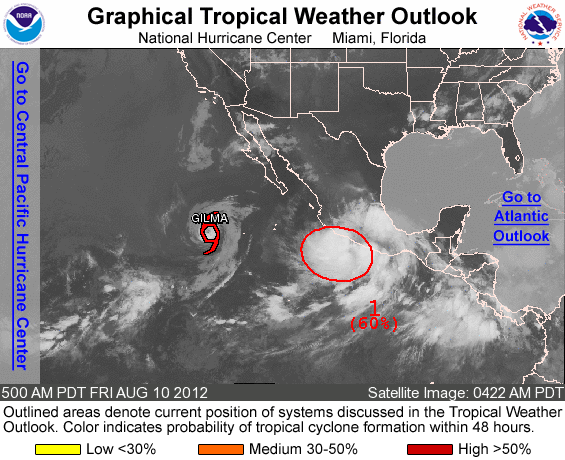
FOR THE EASTERN NORTH PACIFIC...EAST OF 140 DEGREES WEST LONGITUDE..

THE NATIONAL HURRICANE CENTER IS ISSUING ADVISORIES ON TROPICAL STORM GILMA...LOCATED ABOUT 665 MILES WEST-SOUTHWEST OF THE SOUTHERN TIP OF BAJA CALIFORNIA.

1. A LARGE AREA OF DISTURBED WEATHER ALONG THE SOUTHERN COAST OF MEXICO IS ASSOCIATED WITH THE BROAD CIRCULATION OF WEAKENING TROPICAL DEPRESSION ERNESTO. ENVIRONMENTAL CONDITIONS ARE FAVORABLE FOR THIS DISTURBANCE TO DEVELOP AS IT MOVES WESTWARD AWAY FROM THE COAST OF MEXICO. THERE IS A HIGH CHANCE...60 PERCENT...OF TROPICAL CYCLONE FORMATION DURING THE NEXT 48 HOURS.

ELSEWHERE...TROPICAL CYCLONE FORMATION IS NOT EXPECTED DURING THE NEXT 48 HOURS.

FORECASTER AVILA